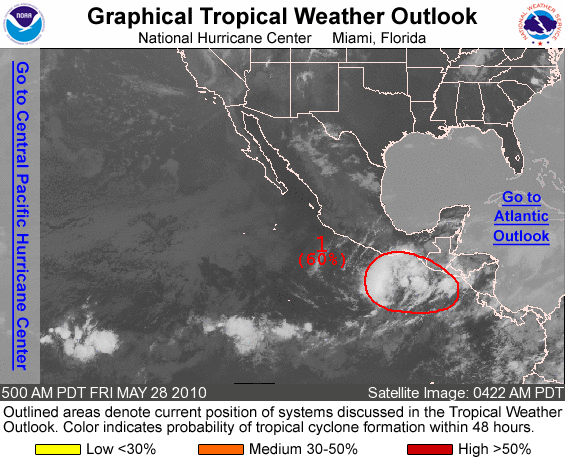
FOR THE EASTERN NORTH PACIFIC...EAST OF 140 DEGREES WEST LONGITUDE..

1. A BROAD AREA OF LOW PRESSURE LOCATED A COUPLE OF HUNDRED MILES SOUTH OF THE GULF OF TEHUANTEPEC IS GENERATING A LARGE AREA OF DISORGANIZED SHOWERS AND THUNDERSTORMS. ONSHORE WINDS TO THE EAST OF THE DISTURBANCE CONTINUE TO PRODUCE LOCALLY HEAVY RAINS FROM EL SALVADOR WESTWARD ALONG THE PACIFIC COAST TO THE GULF OF TEHUANTEPEC...AND THESE RAINS COULD CAUSE LIFE-THREATENING FLASH FLOODS AND MUD SLIDES IN THESE AREAS OVER THE NEXT COUPLE OF DAYS. ENVIRONMENTAL CONDITIONS CONTINUE TO BE FAVORABLE FOR GRADUAL DEVELOPMENT...AND A TROPICAL DEPRESSION COULD FORM DURING THE NEXT DAY OR TWO. THERE IS A HIGH CHANCE...60 PERCENT...OF THIS SYSTEM BECOMING A TROPICAL CYCLONE DURING THE NEXT 48 HOURS.

ELSEWHERE...TROPICAL CYCLONE FORMATION IS NOT EXPECTED DURING THE NEXT 48 HOURS.

FORECASTER FRANKLIN/STEWART